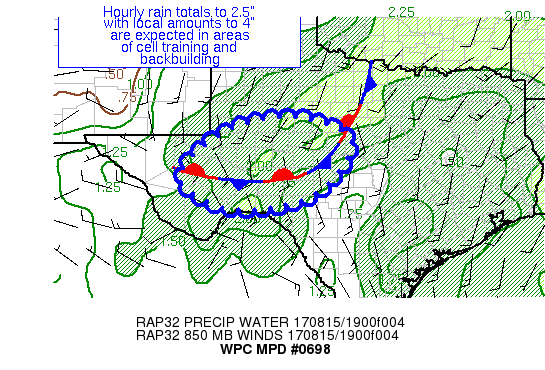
AREAS AFFECTED...WEST-CENTRAL TX

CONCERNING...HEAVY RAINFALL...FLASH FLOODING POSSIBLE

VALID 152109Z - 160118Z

SUMMARY...THUNDERSTORMS ARE INCREASING IN COVERAGE AND ATTEMPTING
TO ORGANIZE ACROSS THE REGION.  HOURLY RAIN TOTALS TO 2.5" WITH
LOCAL AMOUNTS TO 4" ARE EXPECTED.

DISCUSSION...RADAR AND SATELLITE IMAGERY HAVE SHOWN A SLOW GROWTH
TO CONVECTIVE ACTIVITY IN TWO DISTINCT BANDS AS CIN ERODES ACROSS
THE TRANS PECOS AND CONCHO VALLEY/HILL COUNTRY OF TX.  THIS IS
OCCURRING NEAR AN OUTFLOW BOUNDARY LEFT OVER FROM MORNING
CONVECTION.  PRECIPITABLE WATER VALUES OF 1.7-2" WERE OBSERVED
HERE AT 16Z PER GPS DATA.  A WEAK SHORTWAVE MOVING BY TO THE NORTH
NEAR THE TX PANHANDLE AND A STRONGER SHORTWAVE APPROACHING FROM
SOUTHERN NM ARE ENHANCING UPPER LEVEL DIVERGENCE.  INFLOW AT 850
HPA IS SOUTHEAST AT 15-20 KTS, SLIGHTLY EXCEEDING THE MEAN 850-400
HPA WIND, AND THERE ARE SOME INITIAL SIGNS OF CONVECTION
BACKBUILDING TOWARDS THE INSTABILITY POOL, WHICH HAS ML CAPE
VALUES OF 3000+ J/KG.  EFFECTIVE BULK SHEAR IN THE REGION IS 20-25
KTS.

THE EXPECTATION IS FOR THE CONVECTION TO GROW IN SCALE FOR A FEW
MORE HOURS, PERHAPS AS LATE AS 01Z WITH SOME SLIGHT SOUTHWARD
SHIFT AS THE OUTFLOW BOUNDARY CONTINUES TO CREEP IN THAT
DIRECTION.  THE 12Z ARW AND 15-17Z HRRR EXPERIMENTAL RUNS APPEAR
TO HAVE THE BEST GRASP OF CURRENT CONVECTIVE TRENDS, THOUGH THEIR
LOCAL AMOUNTS APPEAR A TOUCH LIGHT.  THE CURRENT BANDS ARE
ALIGNING WITH THE MEAN 850-400 HPA FLOW, WHICH SHOULD ALLOW FOR
SOME CELL TRAINING IN THE NEAR FUTURE.  WITHIN AREAS OF CELL
BACKBUILDING AND TRAINING, HOURLY RAIN TOTALS UP TO 2.5" WITH
LOCAL AMOUNTS TO 4" ARE EXPECTED.  THIS COULD BE A PROBLEM AS
SOILS ARE PARTIALLY SATURATED ACROSS THE REGION DUE TO RECENT
RAINS.